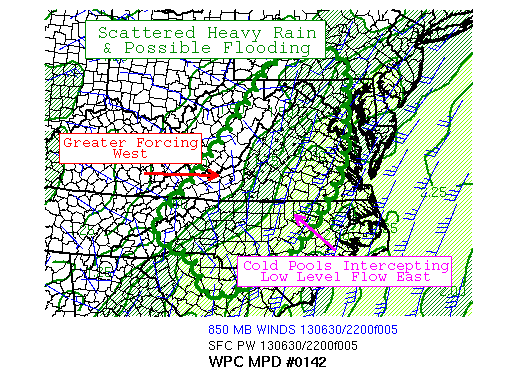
AREAS AFFECTED...SC...NC...VA...FAR EASTERN TN...EASTERN
WV...WESTERN MD...WASH DC...SOUTHERN PA

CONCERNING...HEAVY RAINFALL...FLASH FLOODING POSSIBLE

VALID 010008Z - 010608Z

SUMMARY...INCREASING LARGE SCALE LIFT AND SUFFICIENT INSTABILITY
WILL YIELD LOCALLY HEAVY RAIN DESPITE NIGHTFALL. FLASH FLOODING IS
POSSIBLE DURING THE OVERNIGHT HOURS.

DISCUSSION...THE GLOBAL MODELS FIND AGREEMENT WITH THE RAP...AND
ALL SEEM TO HAVE A GOOD HANDLE ON LARGE SCALE ASCENT THAT WILL
OCCUR AS A SHORTWAVE TROUGH LIFTS NORTH FROM THE CAROLINAS
BEGINNING THIS EVENING. COVERAGE OF NEW CONVECTION SHOULD INCREASE
PARTICULARLY ALONG THE EASTERN SLOPES OF THE APPALACHIANS OWING TO
UPGLIDE ON THE 300 K SURFACE...WHICH THE NAM DEPICTS FROM WESTERN
NC TO WESTERN MD/SOUTHERN PA BY 03Z. HI-RES MODELS FOCUS QPF IN
THIS ZONE.

FARTHER EAST...ESTABLISHED COLD POOLS IN CENTRAL NC AND CENTRAL VA
WILL CONTINUE TO SERVE AS FOCI FOR NEW UPDRAFT DEVELOPMENT AS THE
LOW LEVEL AIR/INFLOW OVER EASTERN NC/VA REMAINS SUFFICIENTLY
UNSTABLE AND UNCAPPED WITH DEWPOINTS IN THE LOWER 70S. THOUGH IT
WOULD BE UNUSUAL FOR NEW SFC BASED CONVECTION TO FORM IN THE
EVENING HOURS TOWARD WASH DC AND MD...A FEW SMALL COLD POOLS WERE
ALREADY ESTABLISHED THERE...LEADING TO THE POSSIBILITY OF NEW AND
SLIGHTLY ELEVATED ACTIVITY AS LOW/MID LAYER LIFT INCREASES FROM
THE SOUTH TOWARD 02-05Z.

WITHIN THE BROAD REGION OUTLINED BY THIS MPD...SHEAR IN THE CLOUD
LAYER SHOULD PROVE SUFFICIENT FOR SOME UPDRAFT ROTATION TO RESULT
IN SLOW MOVEMENT ENE...WHILE MCS MOTIONS ARE PREDICTED AT ONLY
5-10 KT TOWARD THE NORTH. EXPECT RELATIVELY LOW TOPPED CELLS WITH
VERY EFFICIENT RAINFALL PRODUCTION AS PW VALUES INCREASE TOWARD
1.75 INCHES OR MORE...SUPPORTING RAIN RATES NEAR 2 INCHES PER HOUR.